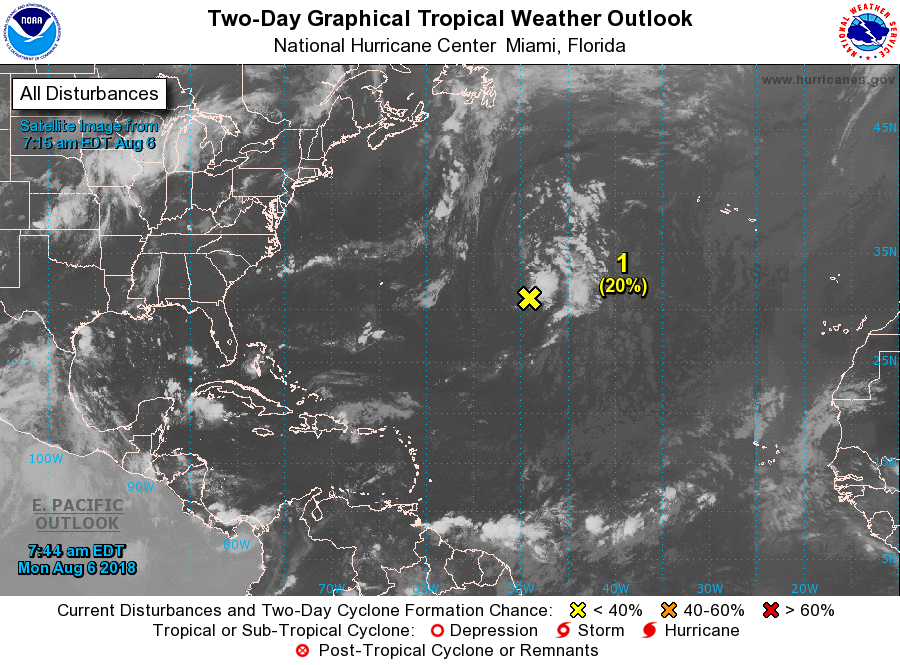
For the North Atlantic...Caribbean Sea and the Gulf of Mexico:

1. A non-tropical low pressure system centered about 1200 miles west-southwest of the Azores is interacting with an upper-level low. Although the system is producing disorganized showers and thunderstorms to the east and northeast of the center, environmental conditions are expected to be only marginally conducive for the low to acquire subtropical or tropical characteristics while it moves north or north-northeastward over the next day or so. The low is forecast to move over cooler waters by Tuesday night, and development is not expected after that time. Additional information on this system can be found in High Seas Forecasts issued by the National Weather Service.
* Formation chance through 48 hours...low...20 percent.
* Formation chance through 5 days...low...20 percent.

High Seas Forecasts issued by the National Weather Service can be found under AWIPS header NFDHSFAT1, WMO header FZNT01 KWBC, and on the Web at https://ocean.weather.gov/shtml/NFDHSFAT1.shtml.

Forecaster Brown